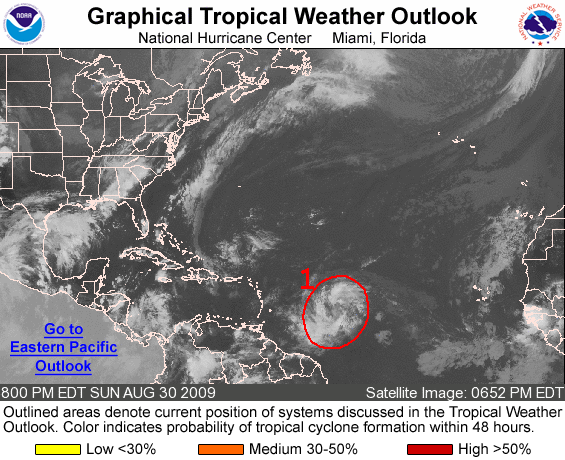
FOR THE NORTH ATLANTIC...CARIBBEAN SEA AND THE GULF OF MEXICO...

1. SHOWERS AND THUNDERSTORMS ASSOCIATED WITH A BROAD AREA OF LOW PRESSURE LOCATED ABOUT 850 MILES EAST OF THE WINDWARD ISLANDS HAVE DECREASED DURING THE LAST FEW HOURS. HOWEVER...ENVIRONMENTAL CONDITIONS STILL APPEAR FAVORABLE FOR DEVELOPMENT...AND THIS SYSTEM HAS THE POTENTIAL TO BECOME A TROPICAL DEPRESSION DURING THE NEXT DAY OR SO AS IT MOVES WEST-NORTHWESTWARD AT AROUND 15 MPH. THERE IS A HIGH CHANCE...GREATER THAN 50 PERCENT...OF TROPICAL CYCLONE FORMATION IN THIS AREA DURING THE NEXT 48 HOURS. INTERESTS IN THE LESSER ANTILLES SHOULD MONITOR THE PROGRESS OF THIS SYSTEM.

ELSEWHERE...TROPICAL CYCLONE FORMATION IS NOT EXPECTED DURING THE NEXT 48 HOURS.

FORECASTER KIMBERLAIN/BRENNAN